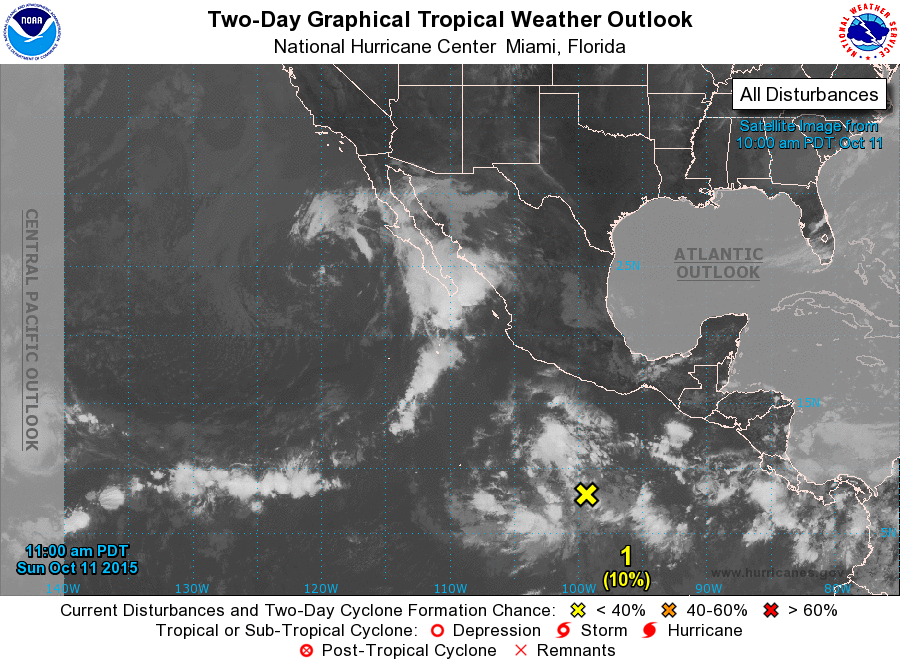
For the eastern North Pacific...east of 140 degrees west longitude:

1. Showers and thunderstorms have changed little in organization since yesterday in association with a broad area of low pressure located about 600 miles south of Acapulco, Mexico. Environmental conditions are expected to be conducive for slow development, and a tropical depression is likely to form by late this week while this system moves westward at 10 to 15 mph.
* Formation chance through 48 hours...low...10 percent
* Formation chance through 5 days...high...70 percent

Forecaster Cangialosi